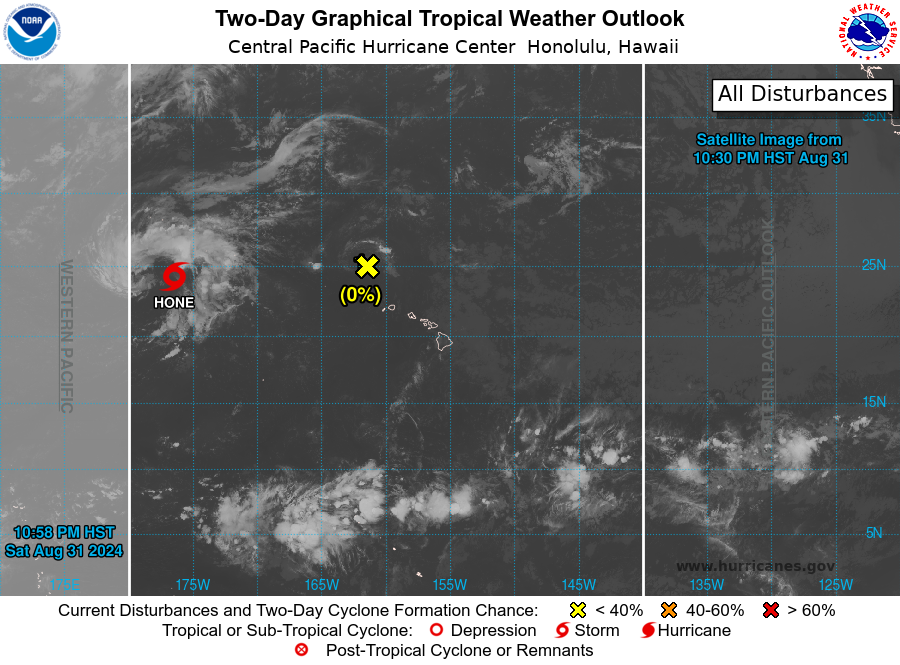
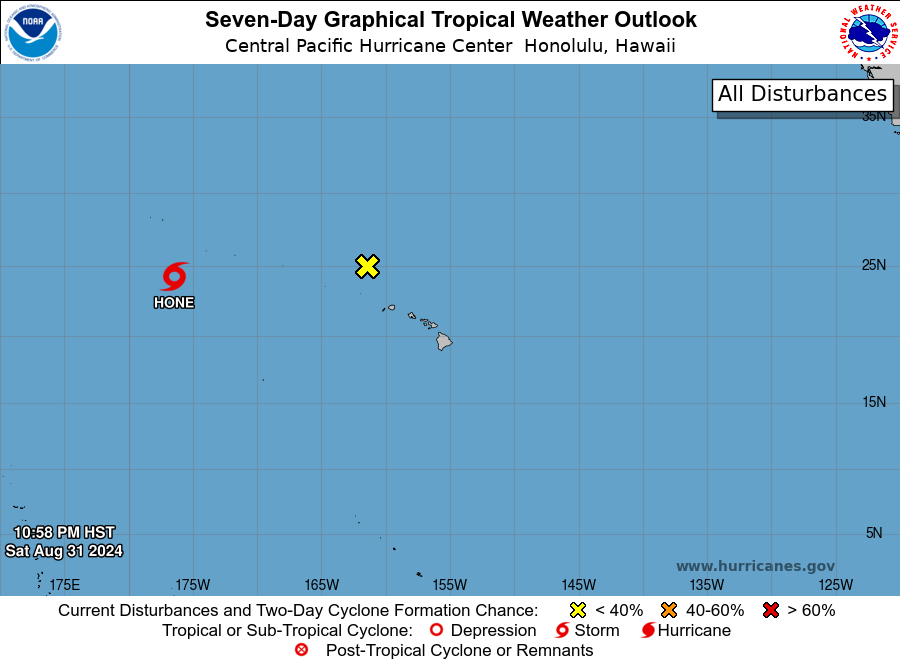
For the central North Pacific...between 140W and 180W:

Active Systems: The Central Pacific Hurricane Center in Honolulu, Hawaii is issuing advisories on Tropical Storm Hone. This system is located about 1110 miles west of Lihue, Hawaii, moving north-northwest at 10 mph.

1.

1. Approximately 330 miles northwest of Honolulu: A surface low, the remnant of Tropical Cyclone Gilma, is moving west-northwest around 10 mph. Atmospheric conditions are not conducive for tropical cyclone redevelopment.
* Formation chance through 48 hours...low...near 0 percent.
* Formation chance through 7 days...low...near 0 percent.

Elsewhere, no tropical cyclones are expected during the next 7 days.

Public advisories on Tropical Storm Hone are issued under WMO header WTPA31 PHFO and under AWIPS header HFOTCPCP1. Forecast advisories on Tropical Storm Hone are issued under WMO header WTPA11 PHFO and under AWIPS header HFOTCMCP1.

Forecaster Shigesato